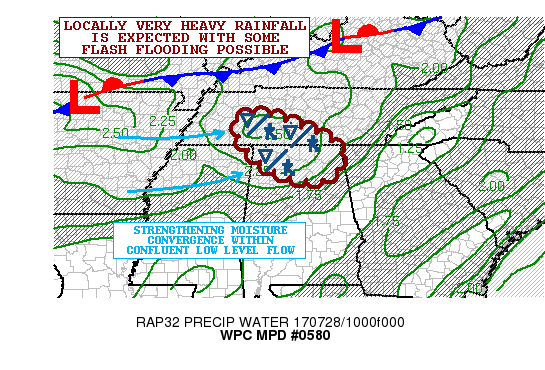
AREAS AFFECTED...SOUTHERN TN...NORTHERN AL

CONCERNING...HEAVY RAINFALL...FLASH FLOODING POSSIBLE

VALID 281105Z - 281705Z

SUMMARY...HEAVY SHOWERS AND THUNDERSTORMS WITH SOME BACKBUILDING
AND TRAINING OF CELLS WILL LIKELY CONTINUE OVER THE NEXT SEVERAL
HOURS. FLASH FLOODING IS POSSIBLE.

DISCUSSION...EARLY MORNING EXPERIMENTAL GOES-16 10.3 MICRON/IR
DATA SHOWS SOME IMPRESSIVELY COLD CONVECTIVE TOPS THAT HAVE SET UP
OVER AREAS OF SOUTH-CENTRAL TN OVER THE LAST HOUR. DESPITE
RELATIVELY MODEST INSTABILITY PARAMETERS...THE CONVECTION IS
FOCUSING IN AN AREA WHERE THERE IS A MOISTURE CONVERGENCE MAXIMA
BASED ON THE LATEST RAP ANALYSIS AND IS ALSO WITHIN AN
INCREASINGLY DIFFLUENT FLOW PATTERN ALOFT. THE LOW LEVEL FLOW
ACROSS THE REGION IS ALSO BECOMING INCREASINGLY CONFLUENT OUT
AHEAD OF A COLD FRONT.

PWATS ACROSS THE REGION ARE QUITE HIGH AND GENERALLY AROUND 2.25
INCHES. THE 09Z CIRA-LPW PRODUCT SHOWS A NOTABLY CONCENTRATED POOL
OF MOISTURE IN THE 700/300 MB LAYER AND THIS WILL YIELD HIGHLY
EFFICIENT RAINFALL PROCESSES FOR ENHANCED RAINFALL RATES...AND
ESPECIALLY WITH SUCH COLD CONVECTIVE TOPS DEVELOPING IN THIS
ENVIRONMENT.

RAINFALL RATES OF TO 2.5 TO 3 INCHES/HR CANNOT BE RULED OUT...AND
THE LATEST HIRES MODEL CONSENSUS SUGGESTS SOME ADDITIONAL
CONVECTIVE ORGANIZATION OVER THE NEXT SEVERAL HOURS AS ADDITIONAL
LARGER SCALE FORCING ARRIVES ALOFT ALONG WITH MORE FAVORABLE
THERMODYNAMIC PARAMETERS AS DIURNAL HEATING COMMENCES. THE
CONVECTIVE THREAT SHOULD TEND TO INCREASE FARTHER SOUTH AS WELL
INTO AREAS OF NORTHERN AL.

EXPECT AS MUCH AS 4 TO 6 INCHES OF RAIN WITH ISOLATED HEAVIER
AMOUNTS...AND ESPECIALLY WITH A FAVORABLE ENVIRONMENT FOR SOME
BACKBUILDING AND TRAINING OF CONVECTIVE CELLS. FLASH FLOODING WILL
BE POSSIBLE.